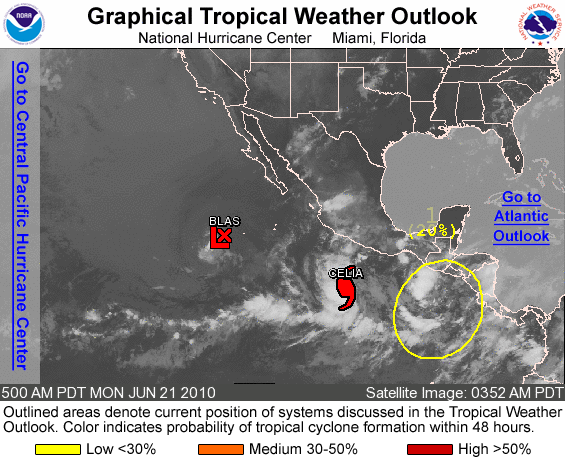
FOR THE EASTERN NORTH PACIFIC...EAST OF 140 DEGREES WEST LONGITUDE..

THE NATIONAL HURRICANE CENTER IS ISSUING ADVISORIES ON HURRICANE CELIA LOCATED ABOUT 380 MILES SOUTH-SOUTHWEST OF ACAPULCO MEXICO...AND ON TROPICAL DEPRESSION BLAS LOCATED ABOUT 575 MILES SOUTHWEST OF THE SOUTHERN TIP OF BAJA CALIFORNIA.

1. A BROAD AREA OF LOW PRESSURE LOCATED A FEW HUNDRED MILES SOUTH OF GUATEMALA AND EL SALVADOR IS ACCOMPANIED BY A LARGE AREA OF CLOUDINESS AND SHOWERS. SOME SLOW DEVELOPMENT OF THIS SYSTEM IS POSSIBLE OVER THE NEXT COUPLE OF DAYS AS ENVIRONMENTAL CONDITIONS ARE EXPECTED TO GRADUALLY BECOME MORE FAVORABLE FOR DEVELOPMENT. THERE IS A LOW CHANCE...20 PERCENT...OF THIS SYSTEM BECOMING A TROPICAL CYCLONE DURING THE NEXT 48 HOURS AS THIS SYSTEM MOVES WEST-NORTHWESTWARD NEAR 10 MPH.

ELSEWHERE...TROPICAL CYCLONE FORMATION IS NOT EXPECTED DURING THE NEXT 48 HOURS.

FORECASTER BLAKE